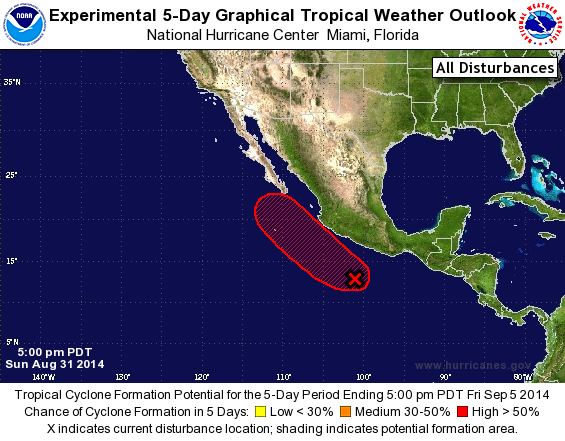
For the eastern North Pacific...east of 140 degrees west longitude:

1. A broad trough of low pressure located a few hundred miles south of the south-central coast of Mexico is producing a large area of disorganized showers and thunderstorms. Environmental conditions are expected to be conducive for gradual development of this system during the next several days while it moves slowly northwestward.
* Formation chance through 48 hours...low...20 percent.
* Formation chance through 5 days...high...60 percent.

Forecaster Cangialosi